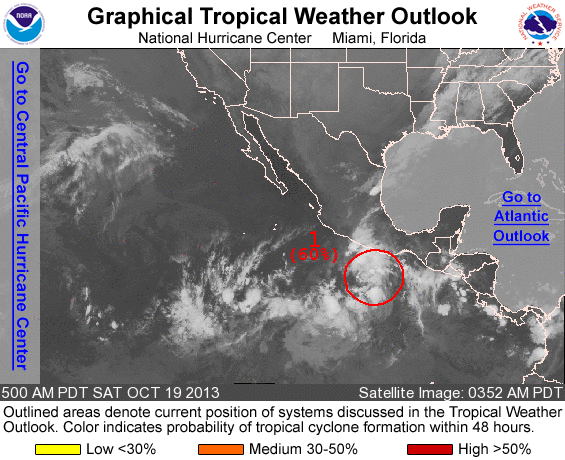
FOR THE EASTERN NORTH PACIFIC...EAST OF 140 DEGREES WEST LONGITUDE..

1. A BROAD AREA OF LOW PRESSURE LOCATED SEVERAL HUNDRED MILES SOUTH OF ACAPULCO MEXICO IS PRODUCING DISORGANIZED SHOWERS AND THUNDERSTORMS. ENVIRONMENTAL CONDITIONS ARE EXPECTED TO BE CONDUCIVE FOR GRADUAL DEVELOPMENT...AND A TROPICAL DEPRESSION COULD FORM DURING THE NEXT COUPLE OF DAYS WHILE THIS LOW MOVES WEST-NORTHWESTWARD AT 5 TO 10 MPH. THIS SYSTEM HAS A HIGH CHANCE...60 PERCENT...OF BECOMING A TROPICAL CYCLONE DURING THE NEXT 48 HOURS...AND A HIGH CHANCE...80 PERCENT...OF BECOMING A TROPICAL CYCLONE DURING THE NEXT 5 DAYS. INTERESTS ALONG THE SOUTHWESTERN COAST OF MEXICO SHOULD MONITOR THE PROGRESS OF THIS SYSTEM FOR THE NEXT SEVERAL DAYS.

FIVE-DAY FORMATION PROBABILITIES ARE EXPERIMENTAL IN 2013. COMMENTS ON THE EXPERIMENTAL FORECASTS CAN BE PROVIDED AT...

HTTP://WWW.NWS.NOAA.GOV/SURVEY/NWS-SURVEY.PHP?CODE=ETWO

FORECASTER CANGIALOSI